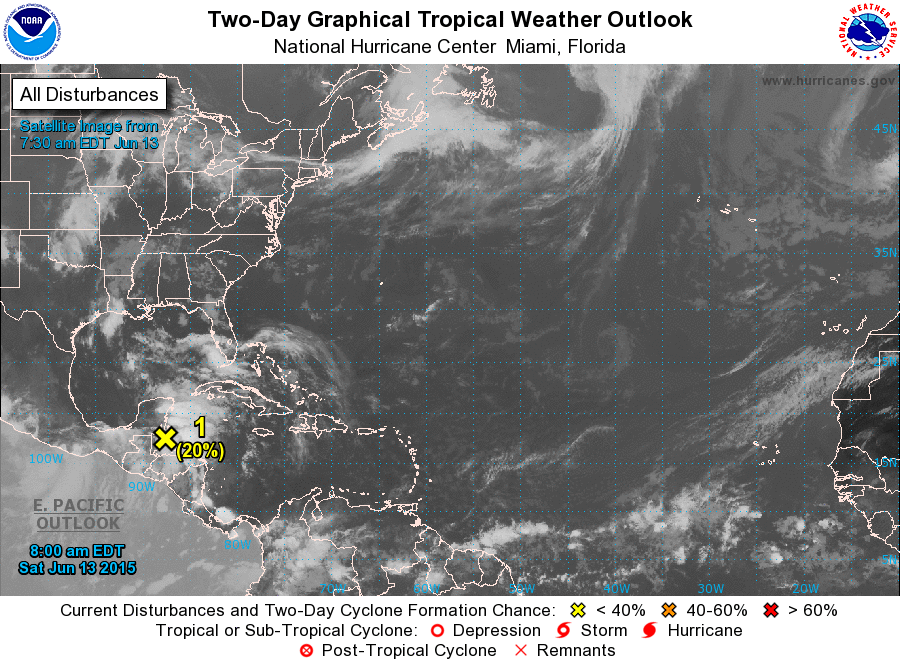
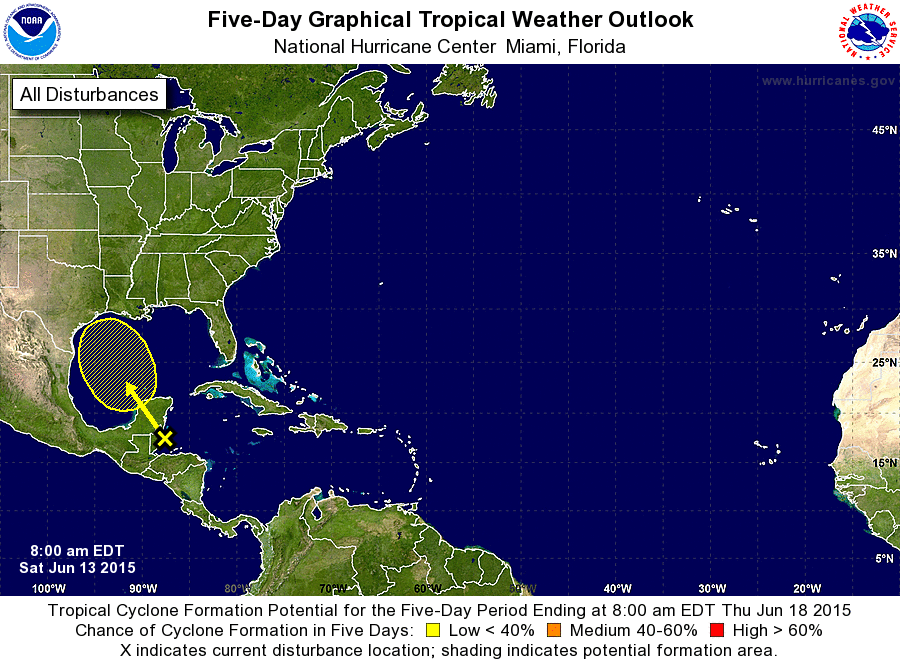
For the North Atlantic...Caribbean Sea and the Gulf of Mexico:

1. Showers and thunderstorms have increased across the northwestern Caribbean Sea and adjacent land areas in association with a trough of low pressure that has recently formed at the surface. This system is expected to move across the Yucatan peninsula later today and into the southwestern Gulf of Mexico by late tomorrow. Environmental conditions could support slow development of this system during the next few days while it moves generally northwestward.
* Formation chance through 48 hours...low...20 percent
* Formation chance through 5 days...low...30 percent

Forecaster Cangialosi/Blake